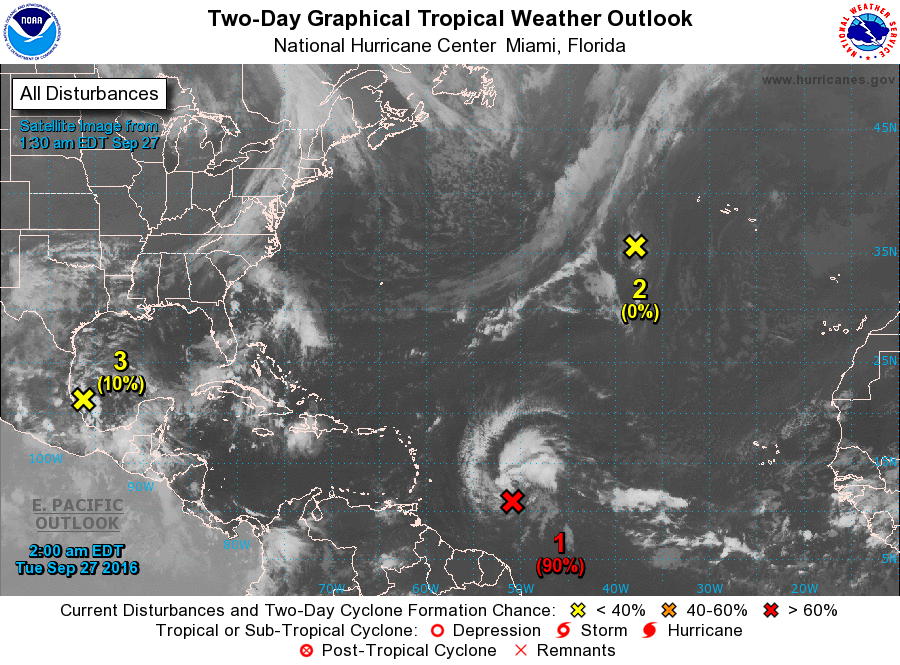
For the North Atlantic...Caribbean Sea and the Gulf of Mexico:

1. Showers and thunderstorms associated with a broad area of low pressure located about 600 miles east-southeast of the Windward Islands continue to show signs of organization, and a tropical cyclone could be forming. If this trend continues, then a tropical depression or a tropical storm would likely form later today while the system moves west-northwestward to westward at about 20 mph. Interests in the eastern and central Caribbean Sea, including the northern coast of South America, should monitor the progress of this system, and watches or warnings could be required at any time. Regardless of development, heavy rains and strong gusty winds, possibly to tropical storm force, are expected to spread over the Windward Islands and portions of the southern Lesser Antilles beginning tonight and continuing into Wednesday. An Air Force Reserve reconnaissance aircraft is scheduled to investigate the disturbance this afternoon.
* Formation chance through 48 hours...high...90 percent
* Formation chance through 5 days...high...90 percent

2. Some shower activity continues in association with the remnants of Lisa, located about 600 miles southwest of the Azores. This system is expected to merge with a cold front later today before regeneration into a tropical cyclone can occur.
* Formation chance through 48 hours...low...near 0 percent
* Formation chance through 5 days...low...near 0 percent

3. Widespread cloudiness and thunderstorms over the southwestern Gulf of Mexico are associated with a trough of low pressure that is drifting westward. Upper-level winds are not expected to be conducive for significant development before this system moves inland over northeastern Mexico during the next day or so.
* Formation chance through 48 hours...low...10 percent
* Formation chance through 5 days...low...10 percent

Forecaster Stewart